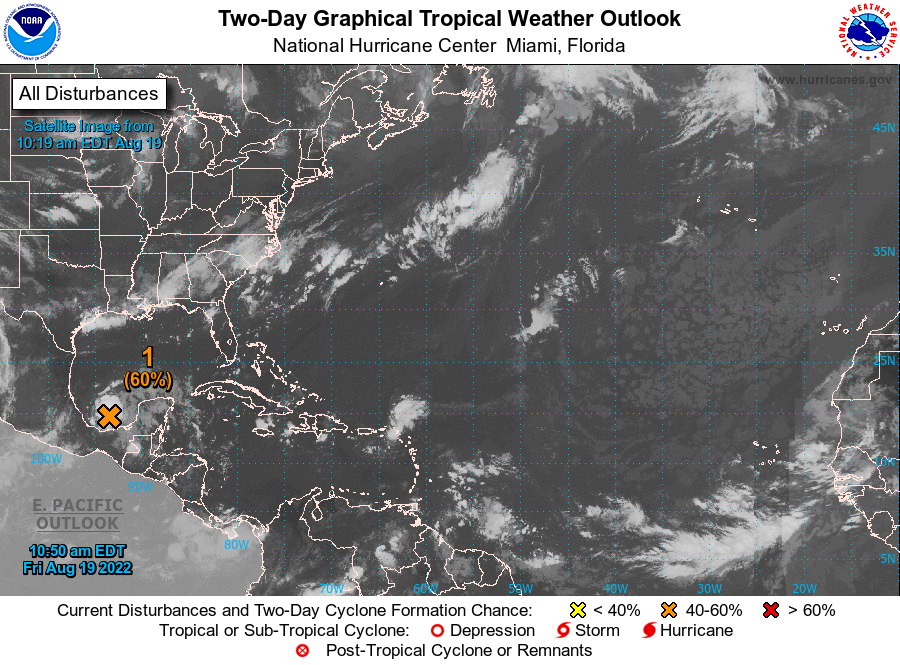
For the North Atlantic...Caribbean Sea and the Gulf of Mexico:

Special outlook issued to update discussion of the disturbance in the southwestern Gulf of Mexico.

1. Southwestern Gulf of Mexico: Satellite imagery indicates that showers and thunderstorms associated with the broad low pressure area over the southwestern Gulf of Mexico and the Bay of Campeche are getting better organized. Environmental conditions appear favorable for additional development, and a tropical depression could form later today or on Saturday while the system moves northwestward across the southwestern and western Gulf of Mexico. However, by Saturday night, the system is expected to move inland over northeastern Mexico, which will end its chances of development. An Air Force Reserve Hurricane Hunter aircraft is scheduled to investigate the system this afternoon. Interests along the northeastern coast of Mexico and the lower Texas coast should monitor the progress of this system. Regardless of development, this system could bring locally heavy rains to portions of northeastern Mexico and southern Texas over the weekend.
* Formation chance through 48 hours...medium...60 percent.
* Formation chance through 5 days...medium...60 percent.

Forecaster Beven